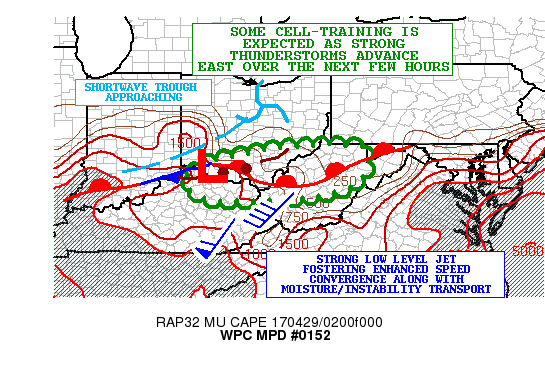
AREAS AFFECTED...SOUTHERN OH...FAR NORTHEAST KY...CENTRAL/NORTHERN
WV

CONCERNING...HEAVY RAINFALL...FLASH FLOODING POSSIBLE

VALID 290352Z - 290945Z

SUMMARY...STRONG THUNDERSTORMS WITH SOME CELL-TRAINING WILL FOCUS
SOME FLASH FLOODING CONCERNS OVER THE NEXT FEW HOURS.

DISCUSSION...AN AXIS OF STRONG THUNDERSTORMS CURRENTLY OVER
SOUTHERN OH IS EXPECTED TO GRADUALLY SHIFT EAST OVER THE NEXT FEW
HOURS ACROSS CENTRAL/NORTHERN WV AND POSSIBLY IMPACTING PARTS OF
FAR NORTHEAST KY. THE ACTIVITY IS BEING FOCUSED BY THE APPROACH OF
A SHORTWAVE TROUGH OVER THE OH VALLEY WHICH IS ALSO DRIVING A
STRONG SOUTHWESTERLY LOW LEVEL JET INTO THE REGION OF 40 TO 60
KTS. AREA VWP DATA SHOWS THE LEADING EDGE OF THIS NOSING UP ACROSS
NORTHEAST KY AND WESTERN WV OVER THE LAST COUPLE OF HOURS...WITH A
FOCUSED AREA OF SPEED CONVERGENCE. THIS IS ENHANCING ASCENT ALONG
THE LEADING EDGE OF A WARM FRONT AND IS ALSO FOSTERING STRONG
MOISTURE AND INSTABILITY OVER THE REGION.

RAINFALL RATES OF 1.5 TO 2 INCHES/HR ARE EXPECTED WITH THE
CONVECTION AS IT GRADUALLY ADVANCES EAST...BUT THERE WILL BE A
NOTABLE CONCERN FOR SOME CELL TRAINING GIVEN THE WSW/ENE
ORIENTATION OF THE MEAN FLOW COINCIDING WITH THE FRONTAL PLACEMENT.

THE HIRES GUIDANCE MAY BE LOCALLY UNDER DOING THE RAINFALL
POTENTIAL AND PROPAGATION ACROSS FAR NORTHEAST KY AND ESPECIALLY
INTO CENTRAL/NORTHERN WV AS THE LEVEL OF CONVECTIVE ORGANIZATION
AND COLD POOL GENERATION OVER SOUTHERN OH SHOULD ALLOW FOR A
NOTABLE EASTWARD ADVANCE OF THE MCS ACTIVITY.

EXPECT AS MUCH AS 2 TO 4 INCHES OF RAIN WITH ISOLATED HEAVIER
AMOUNTS TO BE POSSIBLE. THIS MAY RESULT IN SOME RUNOFF CONCERNS OR
FLASH FLOODING WHERE TRAINING CELLS SET UP. WILL CONTINUE TO
MONITOR.